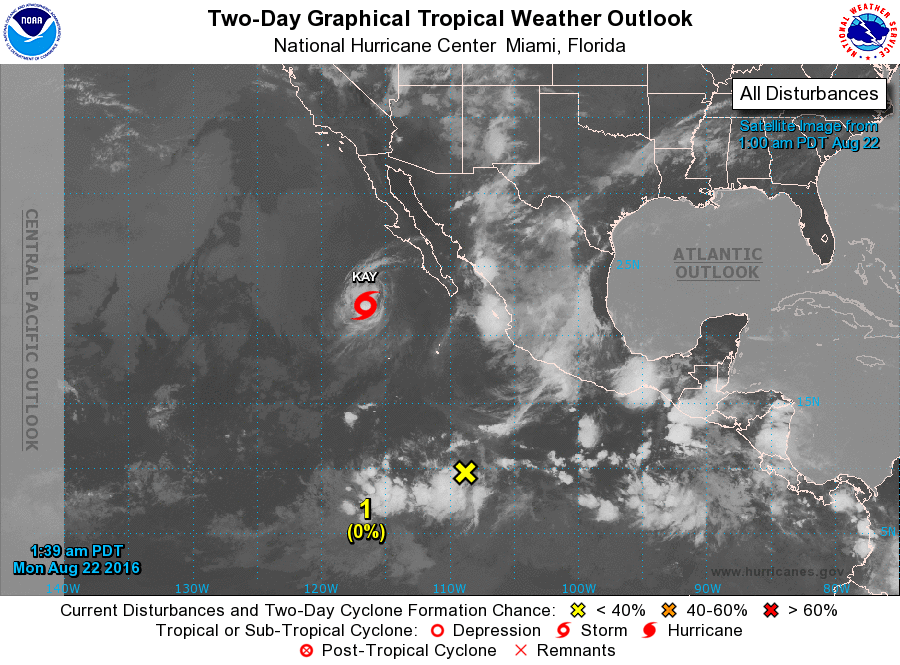
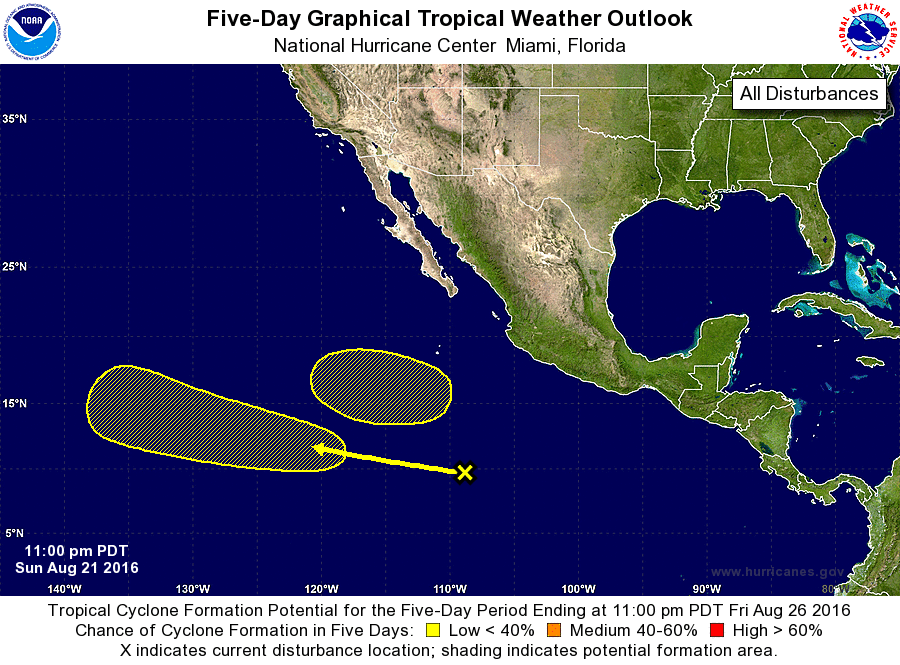
For the eastern North Pacific...east of 140 degrees west longitude:

The National Hurricane Center is issuing advisories on Tropical Storm Kay, located several hundred miles west of the southern tip of the Baja California peninsula.

1. An area of disturbed weather has formed about 1000 miles south of the southern tip of the Baja California peninsula. Some slow development of this system is possible during the next several days while it moves west-northwestward at around 15 mph.
* Formation chance through 48 hours...low...near 0 percent
* Formation chance through 5 days...low...30 percent

2. An area of low pressure could form several hundred miles south of the southern tip of the Baja California peninsula in a few days. Gradual development of that system is possible beyond that time while it moves generally west-northwestward.
* Formation chance through 48 hours...low...near 0 percent
* Formation chance through 5 days...low...20 percent

Forecaster Cangialosi